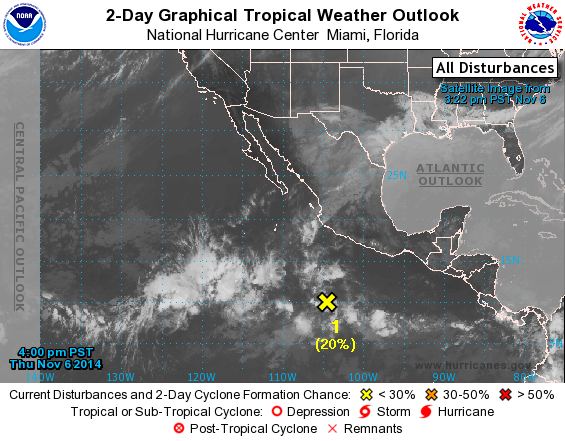
For the eastern North Pacific...east of 140 degrees west longitude:

1. A small cluster of showers and thunderstorms located several hundred miles south-southwest of Acapulco, Mexico is associated with a low pressure system in the Intertropical Convergence Zone. Slow development of this system is possible over the next several days while it moves west-northwestward to northwestward at 10 to 15 mph.
* Formation chance through 48 hours...low...20 percent.
* Formation chance through 5 days...medium...40 percent.

Forecaster Stewart